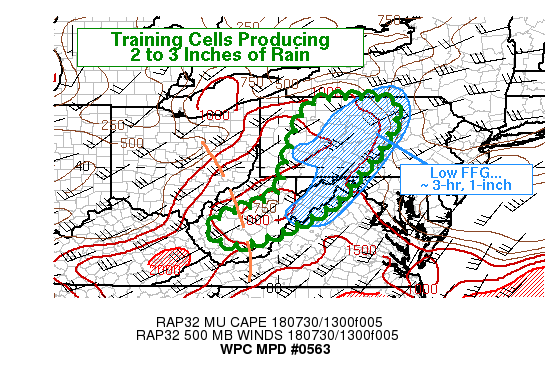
Areas affected...WV...WRN MD...PA

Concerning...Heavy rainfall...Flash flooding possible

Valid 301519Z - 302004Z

Summary...A well defined shortwave trough will produce streaks of
heavy rain through mid afternoon. Given mountainous terrain in
addition to wet soils, flash flooding is possible.

Discussion...At 15Z thunderstorms in West Virginia had prompted a
couple of flash flood warnings. These were occurring in the
mid-level frontogenetical zone ahead of a well defined shortwave
per both upper air data and a baroclinic leaf structure seen in
GOES-16 water vapor loops. As with this and other cells forming
farther downstream where deep layer ascent had begun, the
convection is likely to be slightly elevated, occurring north of a
surface front. The storms were, however, possibly feeling
southerly inflow of up to 20 knots at 850 mb based on VAD Wind
Profile data from KRLX (even prior to thunderstorms in that
vicinity) and RAP forecasts which develop a corridor of 20 knot
southerlies into Pennsylvania late this morning.

Instability, with mixed-layer CAPE values 500-1000 J/kg, was
increasing northward through a combination of warm advection, lift
to cool the mid levels, and partial insolation. Models such as the
HRRR and 12Z WRF-ARW, in particular, indicate potential for
multiple swaths of convection within the MPD area, training from
SW to NE, following the mean deep layer flow. Given some low level
veering and any local terrain effects, some slower moving
supercell structures are possible as well.

Migration of the shortwave and increasing cloud cover should put a
cap on any rainfall extremes, but much of the hi-res guidance
indicates spotty 1 to 3 inch totals through 20Z, much like what
was already observed in WV. The very wet July in parts of this
region had lowered guidance values, and flash flooding is possible.